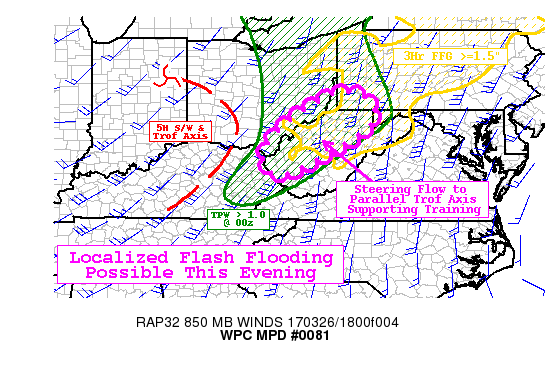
AREAS AFFECTED...WV...SOUTHWEST PA...EXT SOUTHEAST OH...EXT
WESTERN MD

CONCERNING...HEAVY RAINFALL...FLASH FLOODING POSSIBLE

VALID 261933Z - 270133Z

SUMMARY...MODERATE SHOWERS OVER LOW TOLERANCE GROUND CONDITIONS
WITH SOME POSSIBILITY OF TRAINING MAY POSE SMALL POCKETS OF FLASH
FLOODING CONDITIONS.

DISCUSSION...GOES-E AND GOES-16 VISIBLE IMAGERY DENOTE INCREASING
CLEARING IN ADVANCE OF STEADILY ENHANCING CONVECTION ACROSS SW WV
INTO E KY.  RECENT TEMP TRENDS AROUND 2-5F TOWARD THE UPPER
60S/LOWER 70S AND INCREASING MST SUPPORT INCREASING INSTABILITY
WITH RAP ANALYSIS SUPPORTING SBCAPES OVER 500 J/KG WITHIN THE
CLEARING.   LOW LEVEL MOISTURE FLUX/TRANSPORT PLUME IS STEADILY
INCREASING AS WELL WITH TPWS NEARING 1.0" COINCIDENT WITH
CONVERGENCE ALONG ADVANCING TROF.  THIS ALONG WITH GREATER
VERTICAL DEPTH SHOULD SUPPORT RAIN RATES IN EXCESS OF 1.0"/HR
POSSIBLY TRENDING AS HIGH AS 1.5"/HR LATER THIS EVENING.  STORM
MOTIONS ARE FAIRLY QUICK GIVEN DEPTH ENHANCED FLOW LIMITING
DURATION OF THESE RATES THOUGH AS THE CELLS LIFT NORTHEAST ACROSS
E KY INTO WV GROUND CONDITIONS ARE MUCH LESS RECEPTIVE OF THESE
TYPES OF RATES WITH FFG VALUES AOA 1.0"/3HRS EAST OF 81.5E
ROANE/CLAY/NICHOLAS COUNTIES (NORTH AND EAST).

GREATEST UNCERTAINTY IS RELATED TO THE POTENTIAL NATURE OF
TRAINING CELLS ALONG THE CONVECTIVE LINE/TRAILING TROF.  CURRENT
SATELLITE AND RADAR TRENDS SUGGEST THE ORIENTATION OF THE TROF IS
NOT IDEALLY ALIGNED HAVING MORE OF A NEUTRAL TILT FOR THE CORES TO
TRAIN.  GOES WV LOOP DENOTES MAIN MID-LEVEL TROF AXIS AND WEAK
NEGATIVE TILT IS LIFTING NORTHEASTWARD PRESSING THE NORTHERN
PORTION/FORCING FURTHER EAST WHILE CONCURRENTLY ALLOWING THE
TRAILING TROF TO LIFT NORTH SLIGHTLY.  THIS WOULD ALLOW FOR
INCREASED POSITIVE TILT TO THE CONVECTIVE LINE AND ALIGN WITH
CONFLUENT LOW TO MID-LEVEL STEERING FLOW.  THERE IS LITTLE DOUBT
THAT THIS ALIGNMENT AND TRAINING ENVIRONMENT WILL MANIFEST WITH
TIME. HOWEVER THERE IS DOUBT WHETHER THIS SETUP WILL BE PRIOR TO
THE EXHAUSTION OF THE ALREADY LIMITED INSTABILITY.

THE HI-RES CAMS SUGGESTING EARLIER TRAINING SUPPORT TOTALS OVER
AOA 1.5" OR EXCEEDING FFG VALUES THROUGH 01/02Z...SUCH AS THE HRRR
ESRL HRRR EXP AND NMMB OPPOSED BY THE CONEST/ARW WHICH ARE TOO
LATE AFTER BEST CONVECTIVE ENVIRONMENT DEGRADES.  OF NOTE...MOST
GUIDANCE IS A BIT SLOW PER USUAL IN TIMING SUGGESTIVE OF THE MORE
AGGRESSIVE SOLUTIONS.  STILL COVERAGE IS LIKELY TO NOT BE
EXTENSIVE THOUGH GROUND CONDITIONS/LOW FFG WARRANT SUFFICIENT
CONCERN FOR POSSIBLE FLASH FLOODING CONDITIONS THIS EVENING WITHIN
THE DISCUSSION AREA.